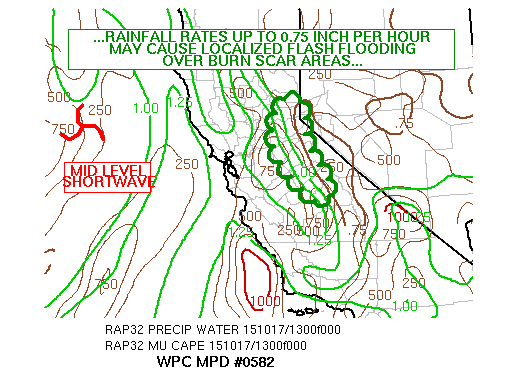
AREAS AFFECTED......CENTRAL VALLEY INTO WESTERN SLOPES OF THE
SIERRAS...

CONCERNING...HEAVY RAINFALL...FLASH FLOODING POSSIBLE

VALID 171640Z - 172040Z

SUMMARY...NUMEROUS...MULTIPLE ROUNDS OF SHOWERS AND THUNDERSTORMS
WILL CONTINUE ACROSS THE CENTRAL VALLEY INTO THE WESTERN SLOPES OF
THE SIERRAS THIS AFTERNOON WITHIN THE CONTINUED ANOMALOUS MOIST
ENVIRONMENT. LOCALIZED RAINFALL RATES AROUND 0.75 INCH PER HOUR
COULD PRODUCE FLASH FLOODING...PARTICULARLY IN BURN SCAR AREAS.

DISCUSSION...PER THE LATEST SATELLITE WATER VAPOR AND LONGWAVE IR
IMAGERY...AN AREA OF ORGANIZED CONVECTION CONTINUES TO EXPAND N-S
ACROSS THE CENTRAL VALLEY LATE THIS MORNING. THE ACTIVITY IS BEING
SUPPORTED BY INCREASING UPPER LEVEL DIFFLUENCE AND DEEP-LAYER
ASCENT TO THE EAST OF THE AMPLIFIED...NEGATIVELY-TILTED MID LEVEL
SHORTWAVE. THE STEEPENING LAPSE RATES ALOFT IS ALLOWING FOR
MUCAPES UP TO 500 J/KG OVER THE CONVECTIVE GENESIS REGION
CURRENTLY...WHICH PER THE LATEST RAP/HRRR/ARW FORECASTS IS
EXPECTED TO CONTINUE THROUGH THE AFTERNOON HOURS. MEANWHILE...THE
DEEP MOISTURE PROFILE IS OPTIMAL FOR THE TIME OF YEAR IN TERMS OF
PRECIPITATION EFFICIENCY...WITH WET BULB ZERO LEVELS BETWEEN 8-8.5
KFT AGL AND PWS AROUND 1.25 INCHES WHICH ARE 4-5 STANDARD
DEVIATIONS ABOVE NORMAL (NEAR RECORD).

AS THE AFTERNOON PROGRESSES... THE CONTINUED ROBUST SYNOPTIC SCALE
FORCING AHEAD OF THE SHORTWAVE TROUGH ALONG WITH THE FAVORABLE
THERMODYNAMIC PROFILES (MOISTURE AND INSTABILITY) WILL ALLOW FOR
ADDITIONAL MULTI-CELLULAR CONVECTION OVER THE AFFECTED AREA...WITH
A CONTINUED RISK FOR EXCESSIVE SHORT TERM RAINFALL RATES AND FLASH
FLOODING (AGAIN ESPECIALLY OVER BURN SCARS). IN TERMS OF THE
HIGHER RESOLUTION GUIDANCE...THE RGEM AND TO SOME EXTENT THE
LATEST RAP/HRRR/EXPERIMENTAL HRRR RUNS SEEM TO BE CAPTURING THE
CURRENT MORE FAVORABLY.